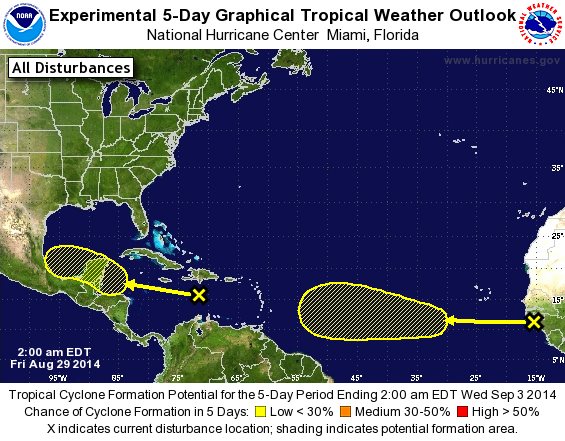
For the North Atlantic...Caribbean Sea and the Gulf of Mexico:

The National Hurricane Center is issuing advisories on Hurricane Cristobal, located several hundred miles south of Newfoundland, Canada.

1. Disorganized cloudiness and thunderstorms over the east-central Caribbean Sea are associated with a tropical wave. Upper-level winds are expected to remain unfavorable for development during the next day or two while the system moves across the central and western Caribbean Sea. However, environmental conditions could become conducive for some development when the system moves over the northwestern Caribbean Sea Saturday night or Sunday, and into the southwestern Gulf of Mexico early next week.
* Formation chance through 48 hours...low...near 0 percent.
* Formation chance through 5 days...low...20 percent.

2. A tropical wave near the west coast of Africa is producing minimal shower activity. Development, if any, of this system is expected to be slow to occur during the next several days while it moves westward near 15 mph across the eastern and central tropical Atlantic.
* Formation chance through 48 hours...low...near 0 percent.
* Formation chance through 5 days...low...20 percent.

Forecaster Blake